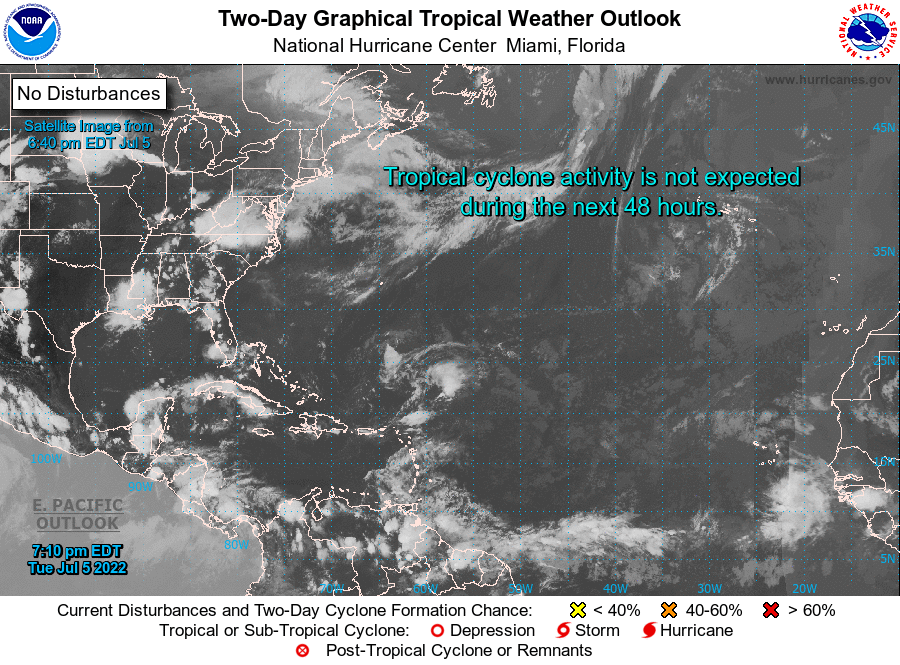
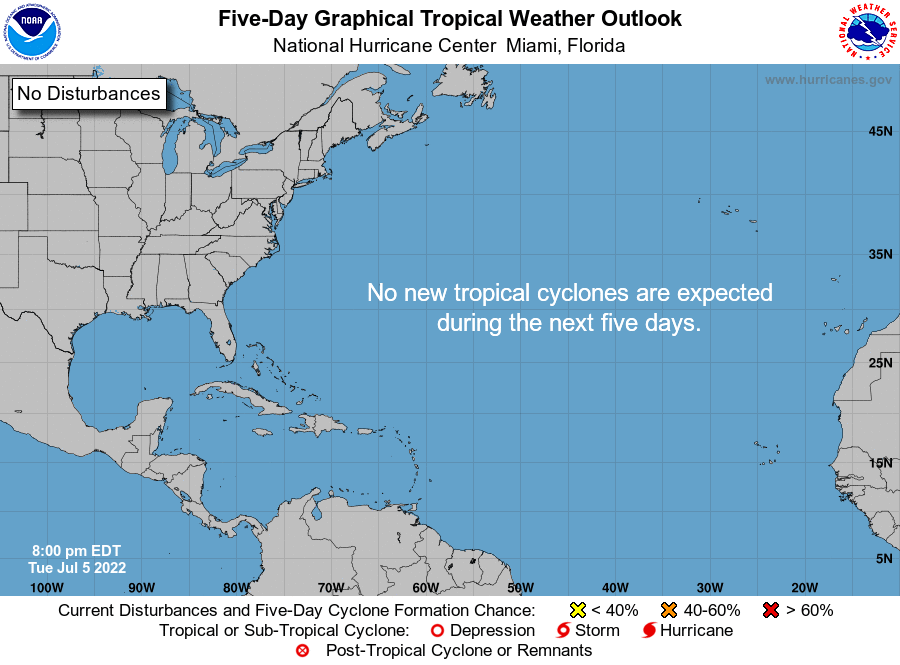
For the North Atlantic...Caribbean Sea and the Gulf of Mexico:

Tropical cyclone formation is not expected during the next 5 days.

Forecaster Pasch/Bucci